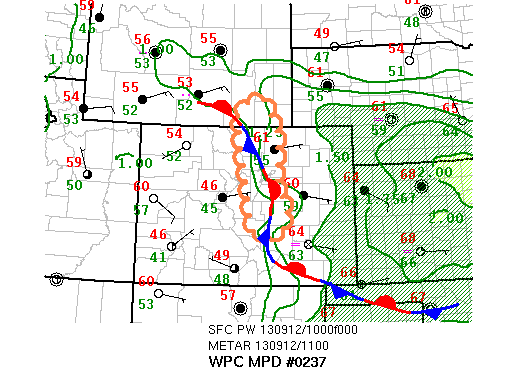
AREAS AFFECTED...CENTRAL TO NORTHERN CO...SOUTHEAST WY

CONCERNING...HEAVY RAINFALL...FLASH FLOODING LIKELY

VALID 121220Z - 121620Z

SUMMARY...THE SIGNIFICANT HEAVY RAIN/FLASH FLOODING EVENT IS
CONTINUING IN THE UPSLOPE AREAS IN THE LEE OF THE CENTRAL ROCKIES
FROM WEST OF DENVER INTERNATIONAL...INCLUDING DOWNTOWN
DENVER...NORTHWESTWARD TO THE WEST OF FORT COLLINS. LATEST RADAR
TRENDS ARE NOT SHOWING ANY SIGNIFICANT CHANGES TO THE AREAS OF
PRECIPITATION ACROSS THESE AREAS WITH THE POTENTIAL FOR ADDITIONAL
RUNOFF ISSUES HIGH.

DISCUSSION...THE ONGOING FLASH FLOOD EVENT CONTINUES ALONG THE
STATIONARY FRONTAL BOUNDARY DRAPED IN THE LEE OF THE CENTRAL
ROCKIES THROUGH EAST CENTRAL CO.  PW VALUES IN THE VICINITY OF
THIS BOUNDARY REMAIN WELL ABOVE AVERAGE AND ARE IN THE 99TH OR
GREATER PERCENTILE FOR OBSERVED PW VALUES IN SEPTEMBER.
OVERALL...THERE IS NOT EXPECTED TO BE ANY SIGNIFICANT CHANGES TO
THE OVERALL PATTERN OVER EASTERN COLORADO...WITH CONTINUED LOW
LEVEL EASTERLY FLOW INTO THE FRONT AND THE UPSLOPE AREA OF THE CO
ROCKIES.

THE HI RES ARW AND NMM FROM BOTH THE 0000 AND 0600 UTC RUNS
CONTINUE TO SHOW HEAVY RAINFALL AMOUNTS IN THIS UPSLOPE REGION
INTO EARLY THIS AFTERNOON...WITH ADDITIONAL 6 HOURS AMOUNTS IN
EXCESS OF 2".  THESE AMOUNTS SEEM REASONABLE GIVEN THE EXPECTED
PERSISTENT FAVORABLE PATTERN FOR HEAVY RAINS AND MAY BE UNDERDONE
LOCALLY.  MODEL SOUNDING DATA IN THIS AREA FROM THE LATEST RAP
CONTINUES TO SHOW A MOIST ADIABATIC LAYER FROM THE SURFACE UP TO
NEARLY 600 MB...WITH TEMPERATURES ABOVE ZERO THROUGH THIS LAYER.

ADDITIONAL RAINFALL AMOUNTS OF .50-1" IN AN HOUR AND TOTALS OF
2-4"+ OVER A THREE TO SIX HOUR TIME FRAME POSSIBLE IN AREAS OF
PERSISTENT PRECIPITATION.